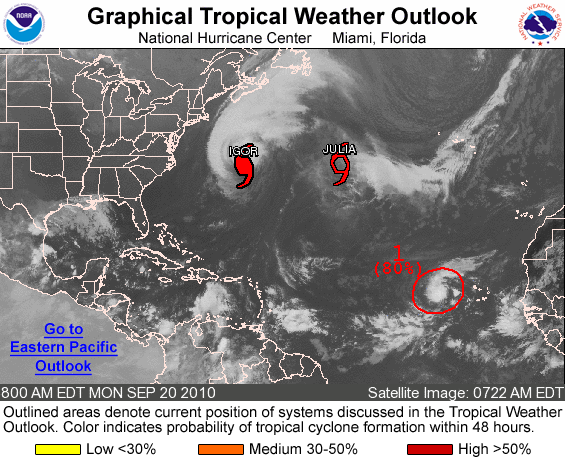
FOR THE NORTH ATLANTIC...CARIBBEAN SEA AND THE GULF OF MEXICO...

THE NATIONAL HURRICANE CENTER IS ISSUING ADVISORIES ON HURRICANE IGOR...LOCATED ABOUT 200 MILES NORTH OF BERMUDA...AND ON TROPICAL STORM JULIA...LOCATED ABOUT 1165 MILES WEST OF THE AZORES.

1. AN AREA OF LOW PRESSURE LOCATED ABOUT 400 MILES WEST OF THE CAPE VERDE ISLANDS CONTINUES TO SHOW SIGNS OF ORGANIZATION...AND CONDITIONS ARE CURRENTLY FAVORABLE FOR SOME ADDITIONAL DEVELOPMENT AS THE SYSTEM MOVES SLOWLY NORTHWESTWARD. THERE IS A HIGH CHANCE...80 PERCENT...OF THIS SYSTEM BECOMING A TROPICAL CYCLONE DURING THE NEXT 48 HOURS.

ELSEWHERE...TROPICAL CYCLONE FORMATION IS NOT EXPECTED DURING THE NEXT 48 HOURS.

FORECASTER FRANKLIN